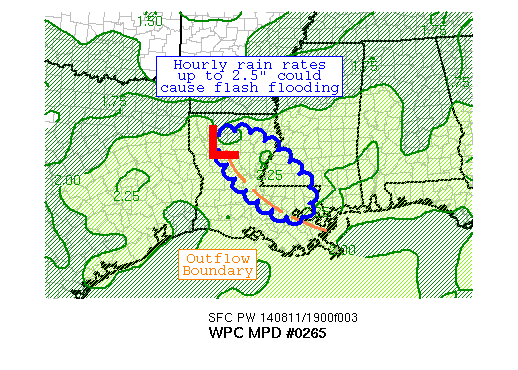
AREAS AFFECTED...EASTERN LA AND SOUTHWEST MS

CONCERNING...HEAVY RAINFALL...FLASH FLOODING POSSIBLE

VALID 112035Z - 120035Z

SUMMARY...THUNDERSTORMS HAVE BEGUN TO TRAIN ALONG AN OUTFLOW
BOUNDARY STRETCHING FROM NORTHEAST LA INTO SOUTHWEST MS.  HOURLY
RAIN RATES OF 2.5" ARE POSSIBLE HERE, WHICH COULD CAUSE FLASH
FLOODING.

DISCUSSION...THUNDERSTORMS HAVE BEGUN TO TRAIN ACROSS NORTHEAST
LA, NEAR AND EAST OF A WEAK SURFACE LOW AND OUTFLOW BOUNDARY
MOVING INTO THE AREA FROM MS AND NEAR A DIFFLUENT SADDLE POINT IN
THE UPPER LEVEL WIND PATTERN.  PRECIPITABLE WATER VALUES OF AROUND
2.25" EXIST ACROSS THE REGION, WHICH LEADS TO THE POSSIBILITY OF
2.5" AN HOUR RAIN RATES, WHICH HAVE BEEN APPROACHED PER RADAR
ESTIMATES.  MOST UNSTABLE CAPES OF 3000-4000 J/KG LIE WITHIN THE
REGION, WHICH WOULD ARGUE FOR EVENTUAL FORWARD PROPAGATION,
TOWARDS THE SOUTHEAST AT 15-20 KTS.

THE EXPECTATION IS THAT THE THUNDERSTORM COMPLEX WILL CONTINUE
FEEDING OFF THE AVAILABLE MOISTURE AND INSTABILITY FOR ANOTHER
SEVERAL HOURS, THREATENING EASTERN LA AND SOUTHEAST MS WITH HEAVY
RAINFALL WHERE CELLS TRAIN.  THE OUTFLOW BOUNDARY SHOULD SHIFT
INTO SOUTHEAST LA BEFORE STALLING.  THE MESOSCALE GUIDANCE IS NOT
HANDLING CURRENT CONVECTIVE TRENDS IN THIS REGION, WITH THE 12Z
ARW, 12Z WRF NSSL, AND RECENT RUNS OF THE HRRR HAVING SOME
INDICATION OF THE EXISTENCE OF THE THUNDERSTORM COMPLEX.  A QUICK
2-4" IS POSSIBLE WHERE CELLS TRAIN, WHICH COULD LEAD TO FLASH
FLOODING IN AREAS WHERE SOILS WERE SATURATED BY YESTERDAY'S
THUNDERSTORM ACTIVITY.